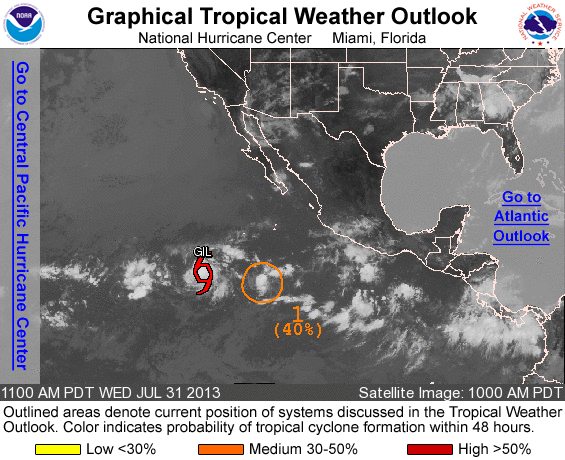
FOR THE EASTERN NORTH PACIFIC...EAST OF 140 DEGREES WEST LONGITUDE..

THE NATIONAL HURRICANE CENTER IS ISSUING ADVISORIES ON TROPICAL STORM GIL...LOCATED WELL OFFSHORE OF THE SOUTHWESTERN COAST OF MEXICO.

1. SHOWER ACTIVITY ASSOCIATED WITH A LOW PRESSURE SYSTEM LOCATED ABOUT 750 MILES SOUTH OF THE SOUTHERN TIP OF THE BAJA CALIFORNIA PENINSULA REMAINS POORLY ORGANIZED. ALTHOUGH THE PROXIMITY TO TROPICAL STORM GIL MAKES THE DEVELOPMENT LESS LIKELY TO OCCUR...THIS SYSTEM STILL HAS A MEDIUM CHANCE...40 PERCENT...OF BECOMING A TROPICAL CYCLONE DURING THE NEXT 48 HOURS AS IT MOVES GENERALLY WESTWARD AT 10 TO 15 MPH.

ELSEWHERE...TROPICAL CYCLONE FORMATION IS NOT EXPECTED DURING THE NEXT 48 HOURS.

BEGINNING TOMORROW WITH THE 5 AM PDT TROPICAL WEATHER OUTLOOK...THE NATIONAL HURRICANE CENTER WILL BEGIN INCLUDING INFORMATION ABOUT THE POTENTIAL FOR TROPICAL CYCLONE FORMATION DURING THE FOLLOWING FIVE DAYS. THIS INFORMATION WILL BE PROVIDED PROBABILISTICALLY IN 10-PERCENT INCREMENTS...AND WILL SUPPLEMENT THE 48-HOUR PROBABILISTIC FORMATION POTENTIAL ALREADY PROVIDED. THE CURRENT GRAPHICAL TROPICAL WEATHER OUTLOOK THAT SHOWS THE 48-HOUR GENESIS POTENTIAL WILL REMAIN UNCHANGED. NHC IS CURRENTLY DEVELOPING A FIVE-DAY GENESIS POTENTIAL GRAPHIC THAT MAY BECOME AVAILABLE LATER IN THE SEASON.

FORECASTER AVILA